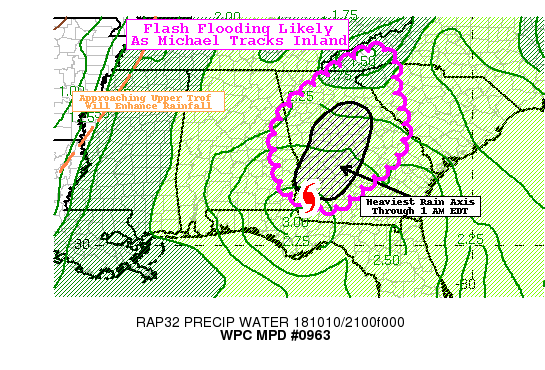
Areas affected...Georgia...Eastern Alabama...Portions of SC/NC

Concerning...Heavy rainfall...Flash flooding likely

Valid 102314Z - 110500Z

Summary...The core rain bands associated with Michael will track
inland this evening, impacting much of Georgia and parts of
Alabama this evening. By later this evening, heavy rain may begin
to affect portions of upstate SC and far southwestern NC. With
very intense rainfall rates near the storm center (as high as
3"/hr possible), flash flooding will be likely.

Discussion...Latest radar imagery shows the center of Hurricane
Michael now across southwest Georgia. The eyewall convection
remains very intense with hourly rates exceeding 2-2.5" with the
spiraling rain bands showing hourly rates as high as 1-1.5"
extending well away from the center.

Michael is forecast to track northeast through Georgia this
evening and with it bring a swath of very heavy rainfall. There is
good consensus in the latest hi-res models that show widespread
averages of 2-4" likely through 1 AM EDT with locally higher
amounts possible in a narrow corridor closest to the center track.
Portions of the Atlanta metro area are likely to be impacted, so
with the urban areas and lower FFG, flash flooding may be likely
there too.

With the approach of an upper trof, currently back west toward the
MS River, some enhancement and interaction will lead to downstream
rain bands developing across northern GA into portions of update
SC and far southwestern NC. This could result in
isolated/localized flash flooding, particuarly in the terrain
areas of the southern Appalachians.